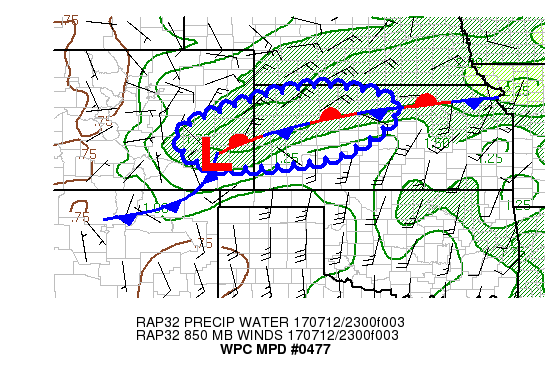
AREAS AFFECTED...EASTERN CO & WESTERN KS

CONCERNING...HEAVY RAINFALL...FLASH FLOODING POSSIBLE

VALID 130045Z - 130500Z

SUMMARY...THE COMBINATION OF CONVECTION MOVING OUT OF CO AND NEW
CONVECTION ALONG THE FRONT IN WESTERN KS COULD LEAD TO HOURLY RAIN
RATES UP TO 2.5" WITH LOCAL AMOUNTS TO 4".

DISCUSSION...CONVECTION IS CONGEALING ACROSS EASTERN CO TO THE
NORTH OF A FRONTAL BOUNDARY AND WAVE AND SOUTH OF A SUBTLE
SHORTWAVE SEEN ON WATER VAPOR IMAGERY ACROSS NORTHEAST WY WHICH IS
AIDING DIVERGENCE ALOFT.  PRECIPITABLE WATER VALUES OF 1.25-1.5"
EXIST HERE PER RAP ANALYSES.  INFLOW AT 850 HPA OUT OF THE
SOUTHERN HIGH PLAINS IS SOUTH-SOUTHEAST AT 20 KTS.  CIN HAS
REDEVELOPED, AND MU CAPE VALUES NEAR AND AHEAD OF THE ACTIVITY ARE
1000-3000 J/KG.  EFFECTIVE BULK SHEAR OF 30-40 KTS HAS LED TO SOME
ORGANIZATION WITH RANDOM MESOCYCLONES SEEN ACROSS CO EARLIER THIS
AFTERNOON.

A SLIGHT STRENGTHENING AND VEERING OF INFLOW WITH TIME IS FORECAST
BY THE RAP, IMPLYING FORWARD PROGRESSION SHOULD CONTINUE ROUGHLY
TO THE EAST NEAR 20 KTS.  RECENT HRRR AND 18Z NAM CONEST RUNS HAVE
SOME IDEA TO THE CONVECTION PATTERN IN THIS REGION, THOUGH THEY
APPEAR TOO FAR NORTH PER RECENT RADAR IMAGERY -- USED THESE AND
RADAR AS A GUIDE FOR EXPECTATIONS.  THE EXPECTATION IS FOR THE
CONVECTION ACROSS PORTIONS OF CO AND KS TO MERGE OVER THE NEXT
SEVERAL HOURS AS WARM 700 HPA TEMPERATURES ACROSS THE HIGH PLAINS
SHOULD RESTRICT THE EASTWARD MOTION OF ACTIVITY WITH HIGH RAIN
RATES.  HOURLY RAIN RATES UP TO 2.5" WITH LOCAL AMOUNTS TO 4" ARE
EXPECTED IN AREAS WHERE CELLS MERGE AND/OR TRAIN.